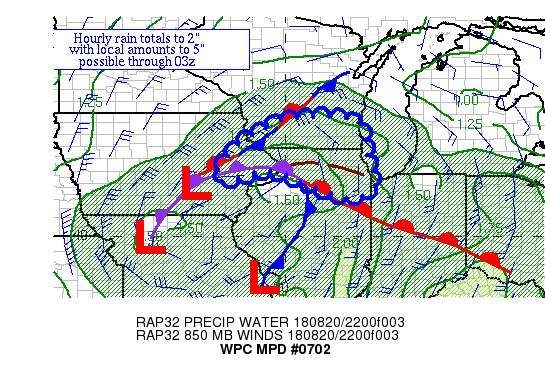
Areas affected...Northwest IL & Southwest WI

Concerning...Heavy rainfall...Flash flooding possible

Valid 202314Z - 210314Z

Summary...Showers and thunderstorms are broadening in coverage
across northwest IL and southwest WI.  Hourly rain totals to 2"
with local amounts to 5" are possible through 03z.

Discussion...The combination of a deep layer cyclone in IA and a
shortwave moving through southwest Ontario have led to a very
divergent environment aloft over this region.  Thunderstorms in
southern WI have shown rotation while convective coverage
increases region-wide.  Precipitable water values are 1.5-1.75"
per GPS data.  Inflow is cyclonic out of the south to southeast
near and north of an occluded front at 15-25 kts, importing ML
CAPE values of 500-1500 J/kg into the area.  Effective bulk shear
of 25-40 kts exists here, which appears to have led to the meso in
southern WI and short bands across eastern IA and northern IL
which have occasionally shown some backbuilding.

The mesoscale guidance appears underdone on areal coverage of
convection at this time.  Despite that, more than a few pieces of
mesoscale guidance have a signal for 4-7" of rain near southwest
WI during the next several hours.  Available moisture and
instability should allow for hourly totals to 2".  There is a risk
of the two bands across IA/northern IL and WI merging over time,
which would enhance rain totals from west to east.  Flash flood
guidance is modest in this area, and could be overwhelmed with 1-2
hours of training, a mesocyclone or two, or cell mergers.
Considering the available instability, ML CAPE values could become
exhausted should coverage increase further during the next four
hours, which defined the time horizon of this MPD.